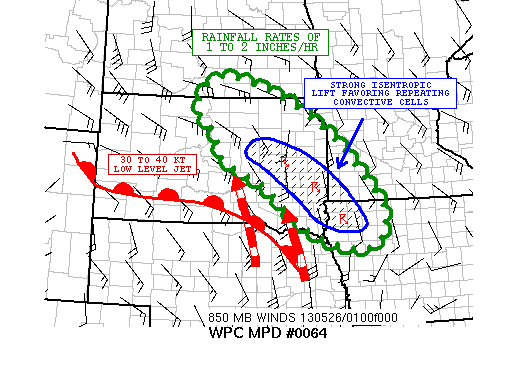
AREAS AFFECTED...EXTREME SOUTHERN ND...EASTERN SD...SOUTHWEST
MN...NORTHWEST IA

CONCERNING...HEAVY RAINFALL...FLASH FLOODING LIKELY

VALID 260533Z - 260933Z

SUMMARY...A GRADUAL INCREASE IN REPEATING AND LOCALLY TRAINING
CONVECTIVE CELLS IS EXPECTED OVERNIGHT...WHICH WILL DRIVE AN
ELEVATED FLASH FLOOD THREAT.

DISCUSSION...LATEST IR/WV IMAGERY SHOWS A BKN MCS MOVING ACROSS
SOUTHERN ND AND NRN SD. THERE IS SOME SUGGESTION ESP IN RADAR
IMGERY OF A WEAK MCV IN FAR NRN SD WHICH IS MOVING ESE ATTM.
MEANWHILE...THERE IS A GROWING AND SLOWLY ORGANIZING AXIS OF HVY
SHOWERS AND THUNDERSTORMS IN A NW/SE ORIENTED FASHION INVOLVING
SERN SD AND STRETCHING DOWN IN NWRN IA. THIS ACTIVITY IS ASSOCD
WITH THE NOSE OF A 30 TO 40 KT SRLY LOW LEVEL JET BASED ON THE
LATEST RAP ANALYSIS OVERRUNING A WARM FRONT. THE LATEST 00Z GLOBAL
MODEL GUIDANCE SUPPORTS SOME INCREASE IN THIS LOW LEVEL JET
BETWEEN 06Z AND 12Z. THEREFORE...WILL BE EXPECTING SOME ADDITIONAL
INCREASE IN ISENTROPIC LIFT THAT WILL BE SUFFICIENT TO SUSTAIN THE
CURRENT ACTIVITY AND FAVOR AN AXIS OF REPEATING CONVECTION FOR THE
NEXT SEVERAL HOURS. THIS ACTIVITY MAY BE ENHANCED DYNAMICALLY BY
THE AFOREMENTIONED WEAK MCV OVER NRN SD. GIVEN AN AXIS OF 1.2 TO
1.4 INCH PWATS OVER THE REGION...WHICH IS LOCALLY UP TO 2 STD DEV
ABOVE NORMAL...HVY RAINFALL RATES WILL BE EXPECTED. THE REPEAT
NATURE OF THE ACTIVITY ALONG WITH SOME TRAINING WILL FAVOR THE
POTENTIAL FOR SEVERAL INCHES OF RAIN THE NEXT FEW HOURS...AND THIS
WILL SUPPORT AN ELEVATED FLASH FLOOD THREAT. WILL CONTINUE TO
MONITOR.